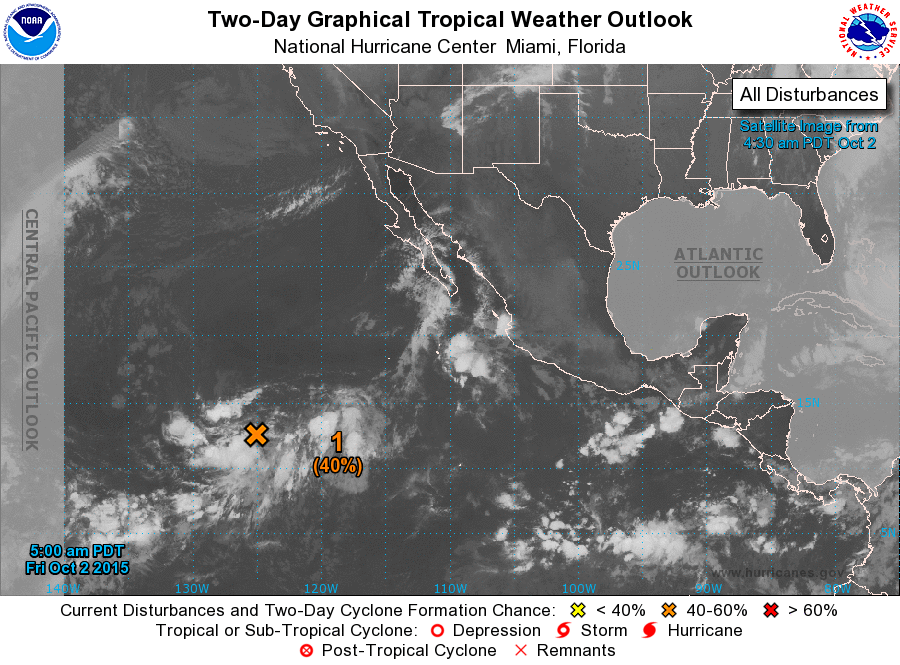
For the eastern North Pacific...east of 140 degrees west longitude:

1. A broad area of low pressure located about 1200 miles southwest of the southern tip of the Baja California peninsula is producing disorganized showers and thunderstorms. Environmental conditions are forecast to be somewhat conducive for development, and a tropical depression could form in a few days while the low moves slowly westward.
* Formation chance through 48 hours...medium...40 percent
* Formation chance through 5 days...medium...60 percent

Forecaster Blake